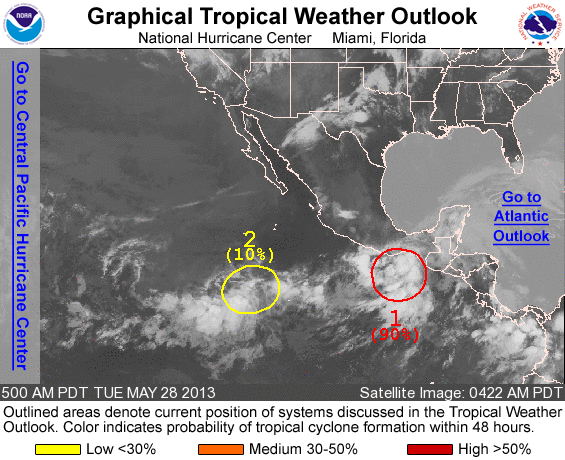
FOR THE EASTERN NORTH PACIFIC...EAST OF 140 DEGREES WEST LONGITUDE..

1. SHOWER AND THUNDERSTORM ACTIVITY CONTINUES TO GRADUALLY INCREASE IN ASSOCIATION WITH A NEARLY STATIONARY AREA OF LOW PRESSURE LOCATED ABOUT 200 MILES SOUTH OF SALINA CRUZ MEXICO. THIS SYSTEM HAS THE POTENTIAL TO BECOME A TROPICAL DEPRESSION LATER TODAY...AND HAS A HIGH CHANCE...90 PERCENT...OF BECOMING A TROPICAL CYCLONE BEFORE IT REACHES THE COAST OF MEXICO IN A DAY OR TWO. INTERESTS ALONG THE SOUTHEASTERN PACIFIC COAST OF MEXICO SHOULD CLOSELY MONITOR THE PROGRESS OF THIS SYSTEM...AS TROPICAL STORM WARNINGS COULD BE REQUIRED WITH LESS THAN THE NORMAL AMOUNT OF LEAD TIME. REGARDLESS OF DEVELOPMENT...HEAVY RAINS ARE LIKELY OVER PARTS OF SOUTHERN MEXICO AND WESTERN CENTRAL AMERICA DURING THE NEXT FEW DAYS. THESE RAINS COULD PRODUCE LIFE-THREATENING FLASH FLOODS AND MUD SLIDES.

2. AN AREA OF LOW PRESSURE LOCATED ABOUT 850 MILES SOUTH OF THE SOUTHERN TIP OF THE BAJA CALIFORNIA PENNISULA IS PRODUCING DISORGANIZED SHOWERS AND THUNDERSTORMS. ANY DEVELOPMENT OF THIS SYSTEM SHOULD BE SLOW TO OCCUR...AND IT HAS A LOW CHANCE...10 PERCENT...OF BECOMING A TROPICAL CYCLONE DURING THE NEXT 48 HOURS.

ELSEWHERE...TROPICAL CYCLONE FORMATION IS NOT EXPECTED DURING THE NEXT 48 HOURS.

FORECASTER CANGIALOSI